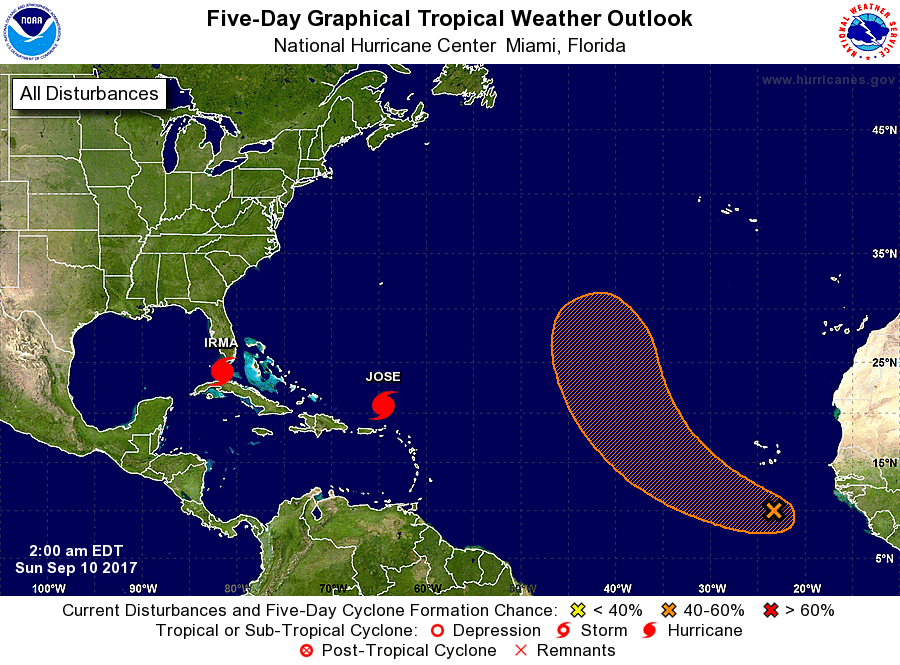
For the North Atlantic...Caribbean Sea and the Gulf of Mexico:

The National Hurricane Center is issuing advisories on Hurricane Irma, located over the Florida Straits, and on Hurricane Jose, located just north-northeast of the northern Leeward Islands.

1. Showers and thunderstorms associated with a tropical wave located a few hundred miles south of the Cabo Verde Islands continue to show some signs of organization. Environmental conditions are expected to be conducive for some development, and a tropical depression could form during the next few days while the system moves generally northwestward over the eastern Atlantic Ocean.
* Formation chance through 48 hours...low...30 percent.
* Formation chance through 5 days...medium...60 percent.

Forecaster Cangialosi